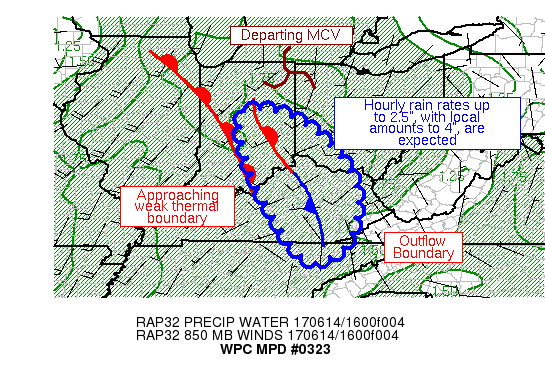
AREAS AFFECTED...SOUTHERN IN/OH BORDER & EASTERN PORTIONS OF KY

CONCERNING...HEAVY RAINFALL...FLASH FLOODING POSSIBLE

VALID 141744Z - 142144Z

SUMMARY...SHOWERS AND THUNDERSTORMS HAVE SHOWED RENEWED VIGOR AS
INSTABILITY INCREASES ACROSS THE REGION.  HOURLY RAIN RATES UP TO
2.5", AND LOCAL AMOUNTS TO 4", ARE EXPECTED.

DISCUSSION...MORNING SHOWERS AND THUNDERSTORMS HAVE LAID OUT AN
OUTFLOW BOUNDARY EXTENDING ACROSS EASTERN KY AND SOUTHEAST IN
WHICH HAS BEEN SLOWLY EDGING WESTWARD.  MEANWHILE, A WEAK THERMAL
BOUNDARY IS MOVING INTO THE AREA FROM THE WEST WHICH IS LEADING TO
THE INSTABILITY GRADIENT TO BETTER ALIGN WITH THE OUTFLOW
BOUNDARY.  CLOUD STREETS ARE EVIDENT ON RECENT VISIBLE IMAGERY
FEEDING TOWARDS THESE BOUNDARIES.  ALOFT, AN MCV FROM OVERNIGHT
CONVECTION IS PASSING EASTWARD THROUGH NORTHEAST IN.  PRECIPITABLE
WATER VALUES ARE NEAR 1.75".  INFLOW AT 850 HPA REMAINS 15-20 KTS
(SLIGHTLY STRONGER THAN THE MEAN 850-400 HPA WIND) AND IS MOST
CONVERGENT INTO THE OH/IN/KY BORDER JUNCTION AT THIS TIME.
EFFECTIVE BULK SHEAR IS BELOW 25 KTS.

THUNDERSTORMS HAVE SHOWN OCCASIONAL TRAINING/BACKBUILDING
TENDENCIES, WHICH MAY CONTINUE.  THE 00Z AND 12Z MESOSCALE
GUIDANCE ARE STARTING OFF AT A DISADVANTAGE IN THAT THE ONGOING
ACTIVITY WAS EXPECTED TO BE DEVELOPING AT THIS TIME, SO THE
MODEL-ADVERTISED PATTERNS AND AMOUNTS ARE PROBABLY TOO LOW.
BELIEVE THE 12Z SPCWRF HAS THE BEST IDEA AT THE MOMENT.  AS THE
MCV MOVES FARTHER AFIELD, DIVERGENCE ALOFT ACROSS THE REGION
SHOULD WEAKEN SOMEWHAT WHICH COULD LEAD TO LESS ORGANIZATION WITH
TIME.  OFFSETTING THIS IS THE INCREASING INSTABILITY, AS MLCAPES
ARE 1000-2500 J/KG UPSTREAM WHICH COULD BUILD ANOTHER 500+ J/KG
OVER THE NEXT SEVERAL HOURS.  ANOTHER COMPLICATING FACTOR IS NEW
CONVECTION ACROSS NORTH-CENTRAL IL AND WESTERN IN WHICH COULD
MERGE INTO THIS ACTIVITY.  HOURLY RAIN RATES UP TO 2.5" WITH LOCAL
AMOUNTS UP TO 4" ARE CONSIDERED POSSIBLE.  CONSIDERING SATURATING
SOILS FROM YESTERDAY AND THIS MORNING'S RAINFALL, FLASH FLOODING
IS A CONCERN.